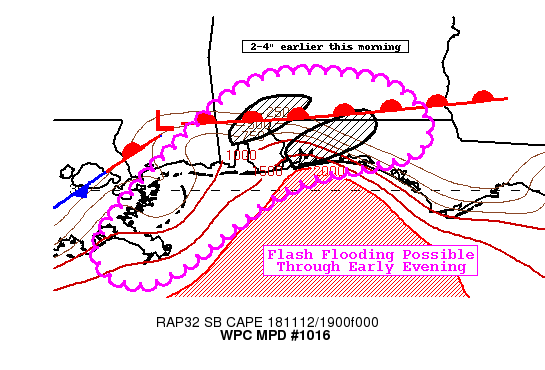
Areas affected...Western FL Panhandle...Southern AL...Southeast
Louisiana

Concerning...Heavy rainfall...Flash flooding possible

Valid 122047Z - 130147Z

Summary...Repeat thunderstorms producing hourly totals of 1-2"
will be possible through late afternoon and may result in
localized flash flooding.

Discussion...A recent surface analysis shows a warm front has
pushed inland across southern Alabama and the Florida panhandle
with a weak low pressure off the coast of Louisiana and another
weak wave noted in southern MS. Showers and thunderstorms have
steadily pushed inland throughout the day, with localized areas
picking up 2-4" earlier per radar estimates and observations
around Pensacola and Mobile.

A mesoanalysis shows surface-based instability has reached
1000-1500 J/kg along the immediate coast and upwards to 500 J/kg
into southern Alabama. This is also in an area of high moisture,
characterized by PWATs of 1.7-1.9", or about 2 SD above the mean.

Current radar imagery from the area shows several lines of
thunderstorms generally moving east-northeast, along the with the
mean flow according to the most recent RAP. This set ups the
potential for training convection.

Hi-res models are fairly consistent in showing an additional 1-2"
with locally 3" amounts through 01z. The greatest concern for
flash flooding through late afternoon or early evening lies across
southern Alabama and the western FL panhandle, particularly for
areas that have already received heavy rainfall today.